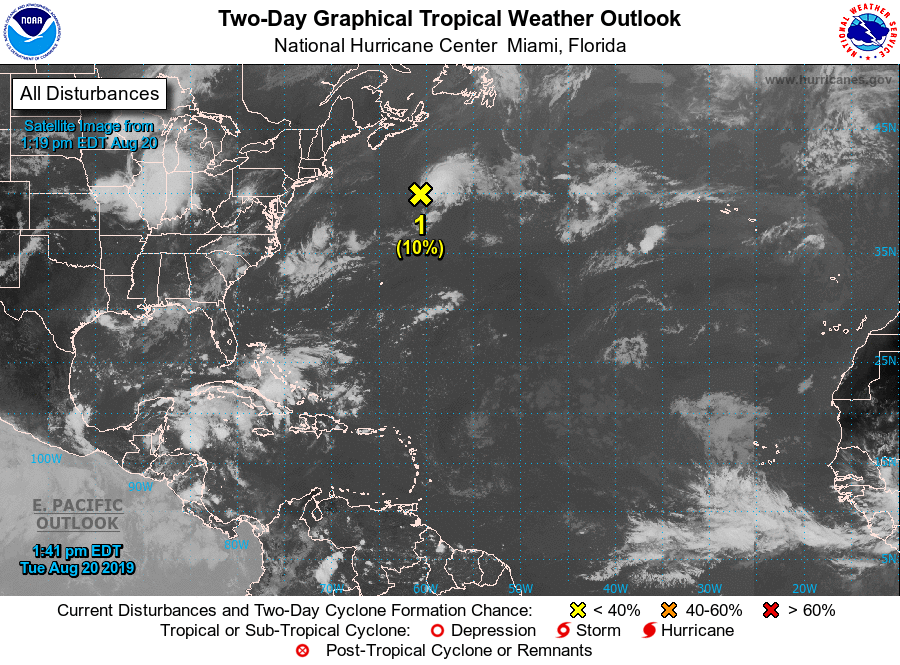
For the North Atlantic...Caribbean Sea and the Gulf of Mexico:

1. A low pressure system is located almost 400 miles southeast of Halifax, Nova Scotia. While the associated thunderstorm activity shows signs of organization, recent satellite wind data indicates the system does not currently have a well-defined circulation. Significant development of this low is unlikely as it moves eastward at 15 to 20 mph across the open north Atlantic.
* Formation chance through 48 hours...low...10 percent.
* Formation chance through 5 days...low...10 percent.

Additional information on this system can be found in High Seas Forecasts issued by the National Weather Service, under AWIPS header NFDHSFAT1, WMO header FZNT01 KWBC, and online at ocean.weather.gov/shtml/NFDHSFAT1.php .

Forecaster Beven